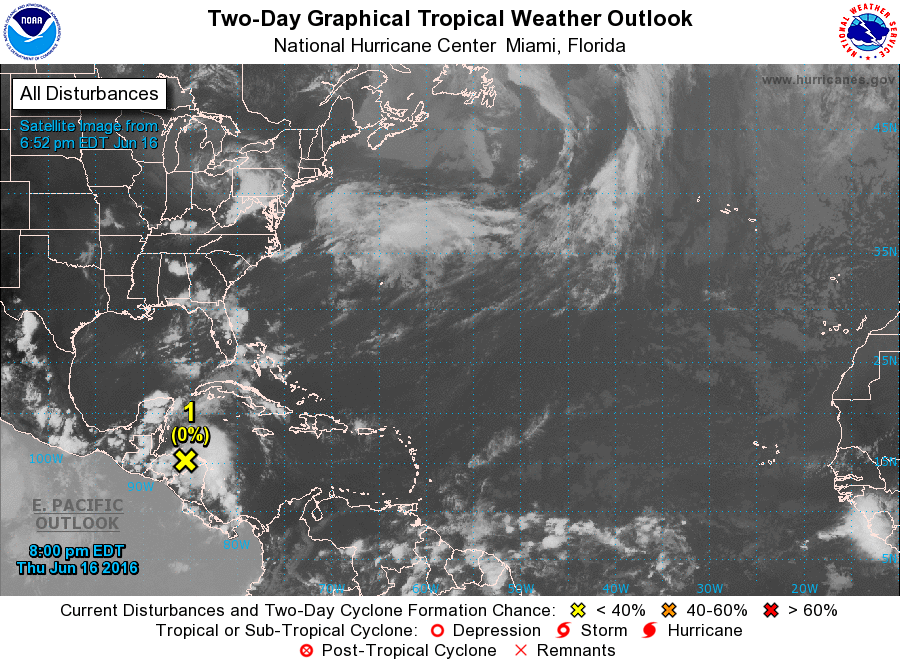
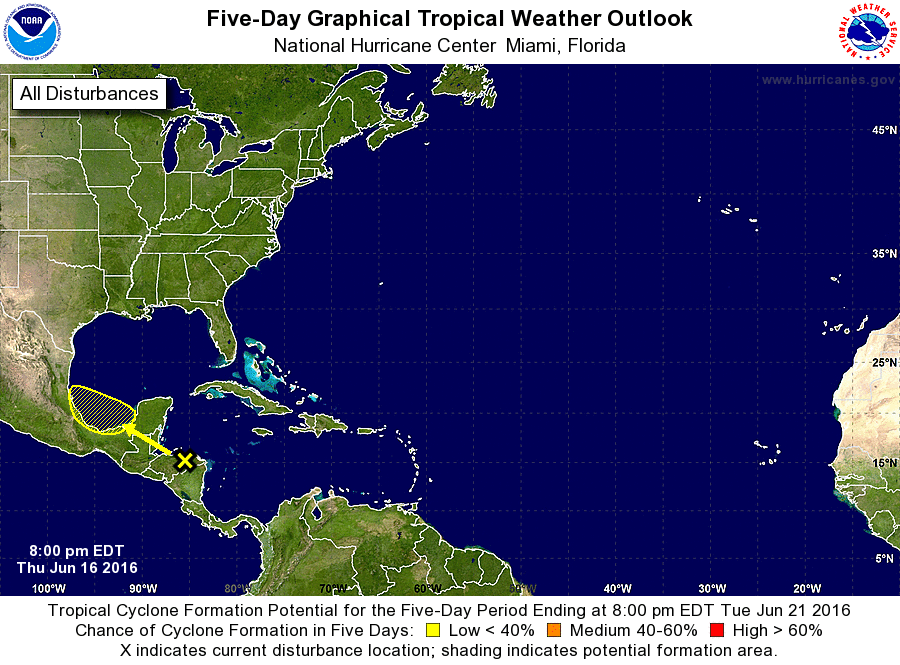
For the North Atlantic...Caribbean Sea and the Gulf of Mexico:

1. A tropical wave located over Honduras, Nicaragua, and the adjacent waters of the northwestern Caribbean Sea is producing a broad area of cloudiness and disorganized thunderstorm activity. Associated thunderstorm activity has changed little today and there is no evidence of a surface circulation. Development, if any, of this disturbance should be slow to occur due to interaction with land while the system moves west-northwestward at about 10 mph toward the Bay of Campeche over the next several days.
* Formation chance through 48 hours...low...near 0 percent
* Formation chance through 5 days...low...20 percent

Forecaster Stewart